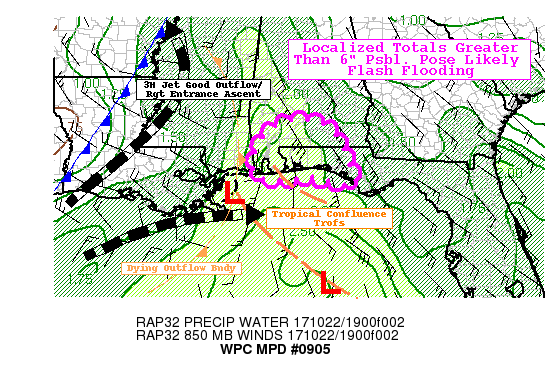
AREAS AFFECTED...SOUTHERN AL...WESTERN FL PANHANDLE...

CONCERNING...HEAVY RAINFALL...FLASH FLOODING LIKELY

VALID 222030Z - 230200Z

SUMMARY...SLOW MOVING HIGHLY EFFICIENT AND MERGING THUNDERSTORMS
LIKELY TO CONTINUE TO POSE A FLASH FLOOD THREAT ALONG COASTAL
COUNTIES.

DISCUSSION...20Z MESOSCALE ANALYSIS SUPPLEMENTED WITH GOES-16
VISIBLE PSEUDO RGB LOOP SUGGESTS A WEAK SURFACE INFLECTION NEAR
THE CHANDELEUR ISLANDS ALONG THE STALLING OUTFLOW BOUNDARY
CURRENTLY ORIENTED N-S NEAR THE MS/AL BORDER ANGLING SW INTO THE
NORTHWEST GULF.  A SE TO NW ORIENTED TROPICAL CONFLUENCE TROF IS
DEPICTED OFF THE SW FL COAST/NW OF THE KEYS INTERSECTING THE
OUTFLOW BOUNDARY NEAR THE MOUTH OF THE MS RIVER.  NORTH OF THIS
BOUNDARY STRONG SFC/900MB FLOW IS ADVECTING VERY RICH MOISTURE
REPRESENTED BY SFC TDS OVER 75F AND TPW RANGING FROM 2.1 NEAR
MOBILE BAY TO 2.5 IN THE SOUTHEAST GULF.  A WEAK SECONDARY
BOUNDARY IN THE SOUTHEASTERLY FLOW HAS BEEN PROLIFIC IN
DEVELOPMENT OF SHALLOW SUPERCELLS THAT HAVE BEEN TRAINING ACROSS
BALDWIN COUNTY AL...THIS FEATURE IS LIKELY TO PLAY A PART IN
FUTURE TRAINING/MERGING ACROSS W FL AS WELL.

WV LOOP ALSO DEPICTS A STRONG BAROCLINIC LEAF OVER THE MID-MS
VALLEY WITH A WESTERLY PUSH OF THE BASE OF THE TROF INTO LA ATTM.
THIS WILL CONTINUE TO SUPPORT STRONG UL RIGHT ENTRANCE ASCENT
DYNAMICS AND OUTFLOW ALOFT FOR MAINTAINING HEALTHY CONVECTION.
ADDITIONALLY WITH THE WEAK SURFACE INFLECTION...THE OVERALL
STRONGER SURFACE RIDGE IN THE SOUTHEAST IN COMBINATION WITH THE
APPROACHING TROF/COLD FRONT IS AMPLIFYING THE TROF NORTHWARD
ACROSS S AL/WESTERN FL PANHANDLE AS WELL AS SLOWING EASTWARD
PROGRESS OF THE ACTIVE CONVECTION REGION.  THIS WILL ADD TO
INCREASING LOW LEVEL CONVERGENCE/FLUX FOR CELLS TO SUPPORT 3"/HR
OR EVEN POSSIBLY HIGHER GIVEN POTENTIAL FOR MERGERS. ADDITIONALLY
STRONG INFLOW OFF THE GULF WILL SUPPORT BACKBUILDING/
REDEVELOPMENT NEAR THE COAST AS PROPAGATION VECTORS FIELD SHOWS
MODEST DIFLUENCE IN THE THICKNESS FIELD.  AS SUCH FLASH FLOODING
REMAINS HIGHLY LIKELY THROUGH THE EVENING HOURS WITH THE POTENTIAL
OF ADDITIONAL LOCALIZED MAXIMA OF 6" THROUGH 03Z PERHAPS HIGHER.

BELIEVE GREATEST THREAT WILL BE ACROSS BALDWIN COUNTY AL INTO
SANTA ROSA COUNTY, FL ...WITH MORE MODEST (3-4" TOTALS) DOWNSTREAM
INTO MONROE/ESCAMBIA,AL/CONECUH COUNTY THROUGH STILL POSING A FF
RISK THERE AS WELL.